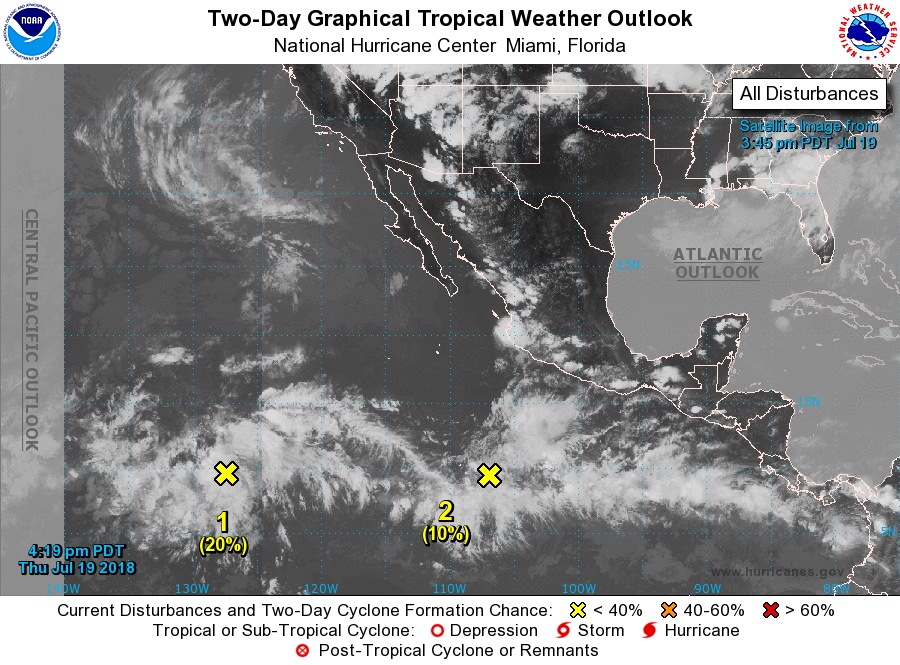
For the eastern North Pacific...east of 140 degrees west longitude:

1. Satellite wind data indicate that the broad area of low pressure located about 1400 miles southwest of the southern tip of the Baja California peninsula has become less organized since yesterday. Since the overall environment still appears to be conducive for development, some gradual organization is possible during the next few days while the system moves westward at 15 to 20 mph.
* Formation chance through 48 hours...low...20 percent.
* Formation chance through 5 days...medium...40 percent.

2. A large area of disorganized showers and thunderstorms centered several hundred miles southwest of Acapulco, Mexico, is associated with a tropical wave. Upper-level winds are forecast to become increasingly favorable for development over the weekend, and a tropical depression could form early next week while the system moves westward at 10 to 15 mph.
* Formation chance through 48 hours...low...10 percent.
* Formation chance through 5 days...medium...50 percent.

3. An area of low pressure is likely to form early next week several hundred miles south of the southern coast of Mexico. Conditions appear conducive for some development of this system thereafter while it moves westward or west-northwestward well south of Mexico.
* Formation chance through 48 hours...low...near 0 percent.
* Formation chance through 5 days...low...30 percent.

Forecaster Blake